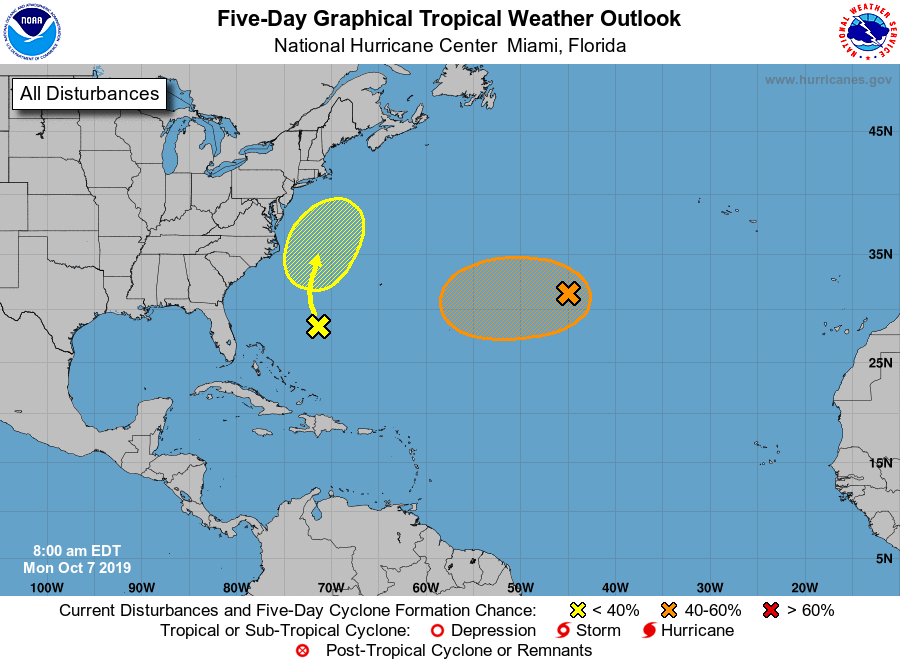
For the North Atlantic...Caribbean Sea and the Gulf of Mexico:

1. A developing non-tropical low pressure system over the central Atlantic between Bermuda and the Azores is producing winds to gale force. Gradual development of this system is possible while it moves slowly westward, and a tropical or subtropical storm could form on Tuesday or Wednesday before upper-level winds become unfavorable. Additional information on this system can be found in High Seas Forecasts issued by the National Weather Service.
* Formation chance through 48 hours...medium...40 percent.
* Formation chance through 5 days...medium...50 percent.

2. Showers and thunderstorms located over the western Atlantic several hundred miles west-southwest of Bermuda are associated with a trough of low pressure. This system is forecast to move northwestward and a non-tropical low pressure area is expected to form when the system interacts with a frontal boundary in a couple of days. The low could acquire some subtropical characteristics later in the week while it meanders off the east coast of the United States. Additional information on this system can also be found in High Seas Forecasts issued by the National Weather Service.
* Formation chance through 48 hours...low...near 0 percent.
* Formation chance through 5 days...low...30 percent.

High Seas Forecasts issued by the National Weather Service can be found under AWIPS header NFDHSFAT1, WMO header FZNT01 KWBC, and online at ocean.weather.gov/shtml/NFDHSFAT1.php

Forecaster Brown